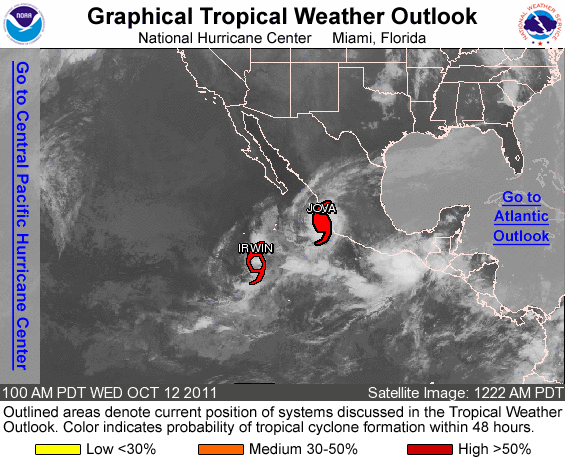
FOR THE EASTERN NORTH PACIFIC...EAST OF 140 DEGREES WEST LONGITUDE..

SPECIAL OUTLOOK ISSUED TO UPDATE DISCUSSION OF THE LOW SOUTH OF THE GULF OF TEHUANTEPEC.

THE NATIONAL HURRICANE CENTER IS ISSUING ADVISORIES ON HURRICANE JOVA...LOCATED ABOUT 65 MILES WEST-NORTHWEST OF MANZANILLO MEXICO... AND ON TROPICAL STORM IRWIN...LOCATED ABOUT 600 MILES SOUTH- SOUTHWEST OF THE SOUTHERN TIP OF BAJA CALIFORNIA.

UPDATED...SATELLITE DATA AND SURFACE OBSERVATIONS INDICATE THAT THE AREA OF LOW PRESSURE LOCATED JUST SOUTH OF THE GULF OF TEHUANTEPEC HAS CONTINUED TO BECOME BETTER ORGANIZED OVER THE PAST FEW HOURS...AND THIS SYSTEM COULD BECOME A TROPICAL DEPRESSION OR TROPICAL STORM BEFORE MOVING INLAND LATER TODAY OR EARLY THURSDAY. REGARDLESS OF DEVELOPMENT...HEAVY RAINS ARE EXPECTED TO SPREAD OVER PORTIONS OF SOUTHEASTERN MEXICO AND GUATEMALA DURING THE NEXT DAY OR TWO...WHICH MAY CAUSE LIFE-THREATENING FLASH FLOODS AND MUD SLIDES. THIS SYSTEM HAS A HIGH CHANCE...60 PERCENT...OF BECOMING A TROPICAL CYCLONE OVER THE NEXT 48 HOURS.

ELSEWHERE...TROPICAL CYCLONE FORMATION IS NOT EXPECTED DURING THE NEXT 48 HOURS.

FORECASTER BRENNAN